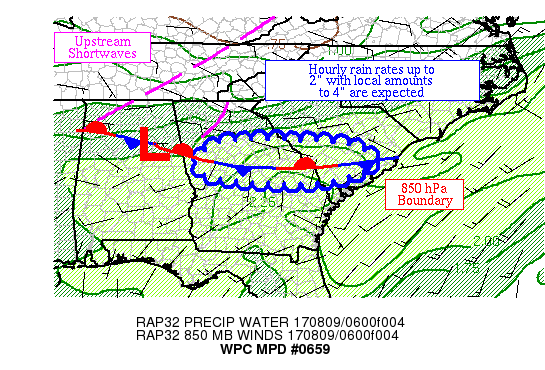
AREAS AFFECTED...CENTRAL GA & SOUTH-CENTRAL SC

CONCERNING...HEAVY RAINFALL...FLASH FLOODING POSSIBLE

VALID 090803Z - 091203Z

SUMMARY...SHOWERS ARE DEVELOPING WITHIN A MOIST AIRMASS NEAR AN
850 HPA BOUNDARY.  HOURLY RAIN RATES TO 2" WITH LOCAL AMOUNTS TO
4" ARE POSSIBLE.

DISCUSSION...RADAR AND NON-OPERATIONAL GOES-16 INFRARED SATELLITE
IMAGERY SHOW A SLOWLY GROWING AREA OF SHOWERS WITH COOLING CLOUD
TOPS ACROSS THE REGION.  THIS IS OCCURRING JUST AHEAD OF A
SHORTWAVE ENTERING NORTHWEST GA NEAR THE ENTRANCE REGION OF A JET
STREAK ALOFT.  PRECIPITABLE WATER VALUES OF 2-2.2" EXIST HERE PER
GPS DATA.  THE 00Z FFC/PEACHTREE CITY GA SOUNDING WAS SATURATED UP
TO 250 HPA, WHICH SHOULD MAKE EFFICIENT USE OF THE 500-1000 J/KG
MU CAPE VALUES ACROSS THE AREA.  INFLOW AT 850 HPA WAS WESTERLY AT
10-15 KTS PER VAD WIND PROFILES, NEAR THE MAGNITUDE OF THE 850-400
HPA MEAN WIND.

THE MESOSCALE GUIDANCE IS BULLISH ON LOCAL AMOUNTS IN THIS REGION,
SHOWING A CONSISTENT SIGNAL FOR AMOUNTS TO 5" THROUGH 13Z --
BELIEVE THE 00Z ARW HAS THE BEST GRASP ON WHAT IS DEVELOPING.
HOWEVER, RAP FORECASTS INDICATE DECREASING INSTABILITY WITH TIME,
LIKELY DUE TO THE DEVELOPING SHOWER AND THUNDERSTORM ACTIVITY.
THE 00Z SSEO NEIGHBORHOOD PROBABILITIES OF EXCEEDING 3" OF RAIN IN
THREE HOURS RAMP UP SLOWLY WITH TIME, PEAKING AFTER 15Z.  HOURLY
RAIN RATES UP TO 2" WITH LOCAL AMOUNTS TO 4" ARE EXPECTED, WHICH
COULD THREATEN THE THREE HOUR FLASH FLOOD GUIDANCE VALUES, WHICH
IS MORE LIKELY WITHIN THE PIEDMONT AND URBAN AREAS.  USED A FOUR
HOUR WINDOW DUE TO UNCERTAINTY INTRODUCED WITH THE EXPECTED
DECREASING INSTABILITY WITH TIME.